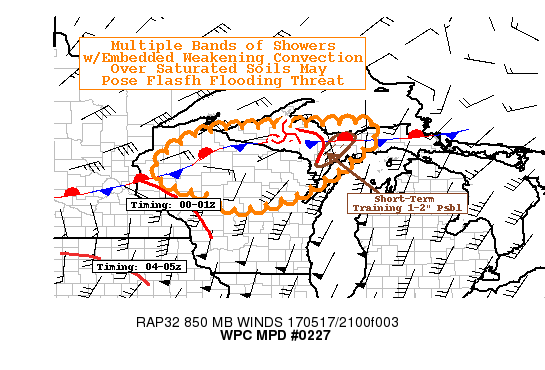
AREAS AFFECTED...NORTHERN WI...UP OF MI

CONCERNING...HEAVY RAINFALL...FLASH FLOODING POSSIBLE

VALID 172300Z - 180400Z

SUMMARY...MULTIPLE ROUNDS OF MODERATE TO HVY SHOWERS WITH EMBEDDED
CONVECTIVE ELEMENTS TRACKING THROUGH AREAS OF SATURATED SOILS FROM
EITHER TODAY OR LAST FEW DAYS POSES A POSSIBLE FLASH FLOODING
THREAT THROUGH EARLY OVERNIGHT HOURS.

DISCUSSION...GOES-E EIR/VIS DEPICTS A CONGEALING CLUSTER OF
MODERATELY COOL CLOUD TOPS WITH EMBEDDED WEAK OVERSHOOTING TOPS
ACROSS THE SOUTHERN UP ALONG THE TRAILING LOW TO MID-LEVEL TROF
EXTENDING FROM MATURE MCV OVER THE NORTH CENTRAL UP.  WHILE FLASH
FLOODING MAY BE POSSIBLE ALONG THE MERGING CONVECTION AND HAVING A
WEAK TRAINING PROFILE; HOWEVER REDUCING INSTABILITY FURTHER
SUPPORTS THE GENERAL WEAKENING TREND NOTED IN RADAR/SATELLITE AS
WELL AS  MOVING TOWARD AREAS OF HIGHER FFG NOT BEING AS AFFECTED
BY PRIOR ROUNDS OF RAINFALL OVER THE LAST FEW NIGHT'S FURTHER WEST
INTO N WI.  STILL A SWATH OF .75-1.5" OF RAINFALL MAKE THE AREA
SUSCEPTIBLE TO FLASH FLOODING WITH ANY ADDITIONAL UPSTREAM BANDS
OF CONVECTION.

DEEP UPPER LOW AND ASSOCIATED OCCLUDING SURFACE WAVE WILL CONTINUE
TO TRANSLATE NORTHEAST WITH SHORTWAVE TROFS/DPVA BANDS LIFTING
NORTHEAST...THE FIRST IN THE NEXT HOUR OR TWO...THE SECOND
ENTERING THE AREA OF CONCERN AROUND 04-05Z. THESE BANDS HAVE BEEN
FED BY SUFFICIENT INSTABILITY FURTHER SOUTH BUT WITH PROXIMITY TO
STRONGER COLD CONVEYOR BELT ACROSS S ONTARIO/LK SUPERIOR INTO
CENTRAL MN...CONVECTION WILL WEAKEN AND BEGIN TO OVERRUN THE
BOUNDARY PROVIDING MODERATE SHOWERS WITH WEAK REMAINING EMBEDDED
CONVECTIVE ELEMENTS.  THESE BEST LINGERING CONVECTIVE ELEMENTS ARE
MOST LIKELY FURTHER EAST TOWARD NE WI/S UP OF MI GIVEN EXPECTED
SLIGHTLY VEERING 850MB FLOW AFTER 00Z (DUE TO UPSTREAM
FILLING/OCCLUDING OF CYCLONE) WHICH MAY TRACK THROUGH AREAS
AFFECTED BY THE FIRST BATCH. SO WITH AN ADDITIONAL 1-2" OVER
EITHER THE SATURATED SOILS OVER N WI FROM THE LAST FEW NIGHT'S
CONVECTION OR THIS FIRST ROUND MAY BE SUFFICIENT TO EXCEED THE
LOWERED FFG VALUES AND POSE A POSSIBLE FLASH FLOODING SITUATION
LATER THIS EVENING.